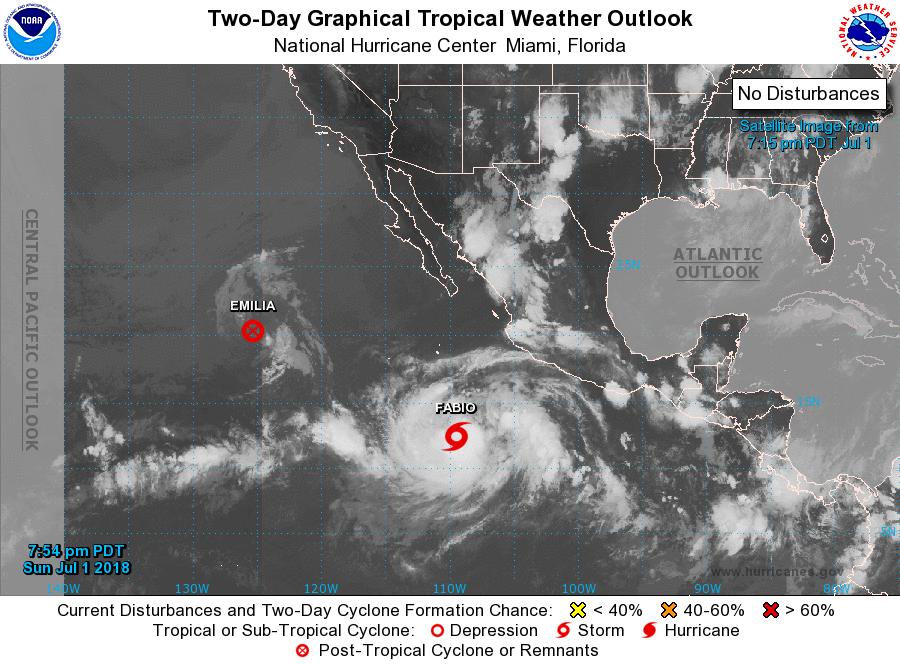
For the eastern North Pacific...east of 140 degrees west longitude:

The National Hurricane Center is issuing advisories on Tropical Depression Emilia, located several hundred miles west of the southern tip of the Baja California peninsula, and on Tropical Storm Fabio, located several hundred miles south-southwest of the southwestern coast of Mexico.

Tropical cyclone formation is not expected during the next 5 days.

Forecaster Cangialosi